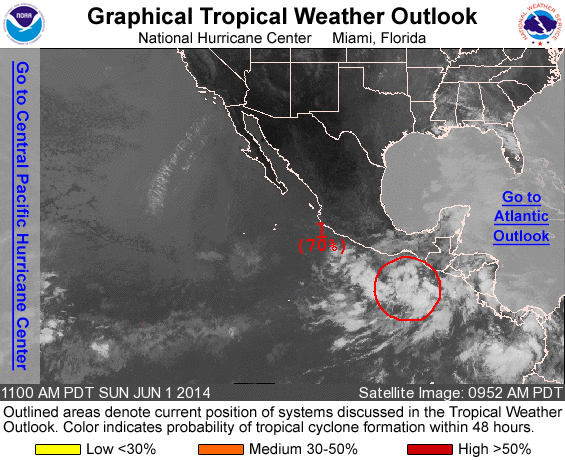
For the eastern North Pacific...east of 140 degrees west longitude:

1. An area of low pressure located a few hundred miles south-southeast of Puerto Angel, Mexico, is producing disorganized showers and thunderstorms. Environmental conditions are expected to become conducive for development, and a tropical depression could form during the next couple of days while the low drifts northwestward, and then northward later in the week. Regardless of tropical cyclone formation, this system is expected to produce locally heavy rains across portions of western Central America and southeastern Mexico this week. These rains could cause life-threatening flash floods and mud slides in areas of mountainous terrain.
* Formation chance through 48 hours...high...70 percent
* Formation chance through 5 days...high...90 percent

Forecaster Brown